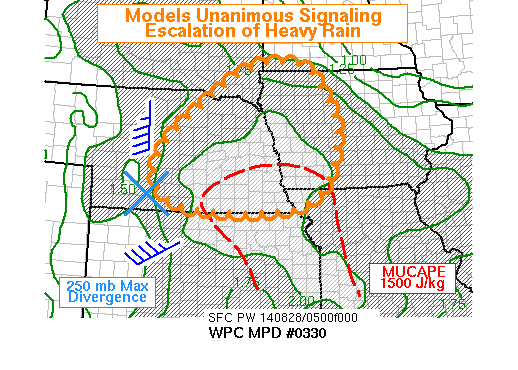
AREAS AFFECTED...ERN NE...WRN IA...FAR SE SD...FAR NW MO

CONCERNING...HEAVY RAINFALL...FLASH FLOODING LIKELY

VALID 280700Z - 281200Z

SUMMARY...MODELS SIGNAL THE INTENSIFICATION OF ORGANIZED HEAVY
RAIN THROUGH EARLY MORNING OVER EASTERN NE AND WESTERN IA. SOME
LOCATIONS WILL RECEIVE 2 INCHES OF RAIN IN A SHORT TIME DURING THE
ONSET. ISOLATED STORM TOTALS OF GREATER THAN 4 INCHES ARE
POSSIBLE...AND FLASH FLOODING IS LIKELY.

DISCUSSION...THE 00Z HIRES MODELS AND SEVERAL HRRR RUNS PREDICT
ESCALATION OF THE COVERAGE OF HEAVY RAIN...AND ITS LONGEVITY OVER
A GIVEN POINT...DURING THE EARLY MORNING HOURS. THIS APPEARS TO
OCCUR AS THE UPPER AIR PATTERN AMPLIFIES WITH A TROUGH PULLING
PAST THE ROCKIES FRONT RANGE. THIS PLACES A DIVERGENCE MAXIMUM IN
SYNC WITH A PRE-EXISTING MCV PER RADAR LOOPS...AND A STRONG LOW
LEVEL JET IN EASTERN NEBRASKA. THIS SETUP...ALONG WITH SUFFICIENT
CAPE AND UNUSUALLY DEEP/RICH MOISTURE...WILL SUPPORT UPSCALE
GROWTH OF CONVECTION PRODUCING VERY EFFICIENT RAINFALL...AT LEAST
2 INCHES PER HOUR WHEREVER TRAINING OCCURS.

ALTHOUGH STRONG WIND FIELDS WILL YIELD QUICK MOTION FOR INDIVIDUAL
CELLS AND THE MCV...THE MODELS PREDICT AN INCREASE OF WEST TO EAST
TRAINING AS THE MCV SETTLES ONTO THE NOSE OF ENHANCED 700 MB
SOUTHERLY FLOW. THIS MAY OCCUR WITHIN 50 MILES NORTH OR SOUTH OF
THE LATITUDE OF OMAHA NE...AND EXTENDING BOTH WEST AND EAST OF THE
NE/IA BORDER. THE 00Z NAM CONEST AND 00Z NSSL WRF PRODUCE
PARTICULARLY HEAVY SWATHS OF RAIN AT THAT LATITUDE...WHILE OTHER
MODELS PLACE THE RAINFALL AXIS FARTHER SOUTH AND NEARER TO THE
CAPE AXIS. OTHER POCKETS OF HEAVY RAIN WILL LIKELY OCCUR AROUND
THE PERIPHERY OF THE MORE ORGANIZED MCS...AS LARGE SCALE
ADVECTIONS AND HEIGHT FALLS PLAY UPON THIS MOISTURE RICH
ENVIRONMENT...IN WHICH PRE-CONVECTIVE PW VALUES ARE JUST UNDER 2
INCHES...OR 2.5 STANDARD DEVIATIONS FROM CLIMATOLOGY. ONE AND
THREE HOUR FLASH FLOOD GUIDANCE IN THIS REGION IS AS LOW AS 1 TO
1.5 INCHES...A FURTHER INDICATION THAT FLASH FLOODING IS LIKELY.